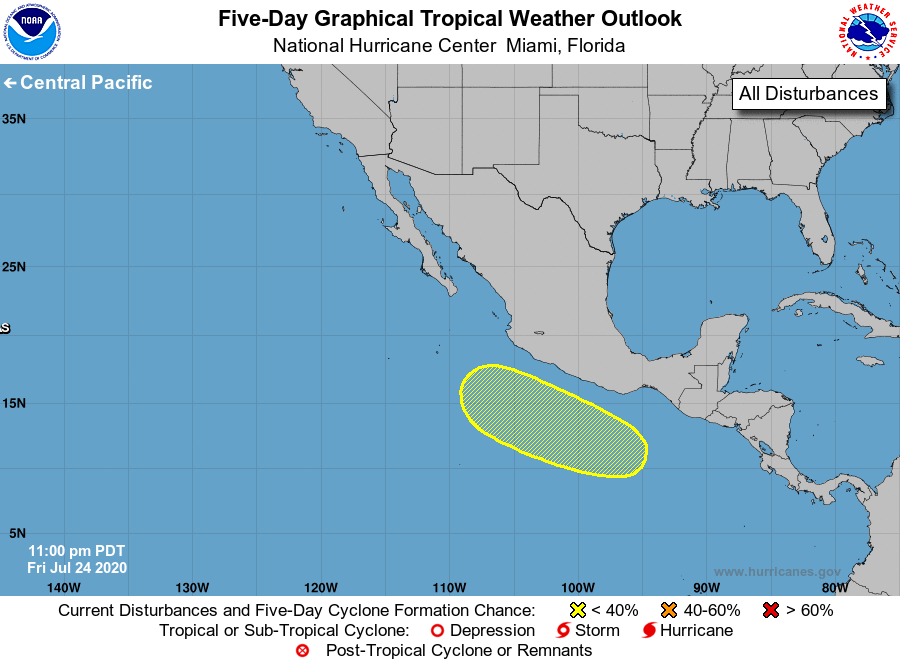
For the eastern North Pacific...east of 140 degrees west longitude:

1. An area of low pressure could form south of the southern coast of Mexico later this weekend or early next week. Any development of this system thereafter should be slow to occur while it moves generally west-northwestward.
* Formation chance through 48 hours...low...near 0 percent.
* Formation chance through 5 days...low...10 percent.

Forecaster Roberts